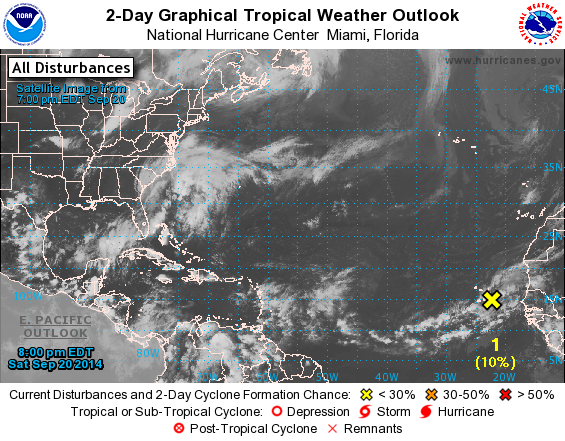
For the North Atlantic...Caribbean Sea and the Gulf of Mexico:

1. An elongated area of low pressure continues to produce disorganized cloudiness and showers near and to the southeast of the Cape Verde Islands. Environmental conditions do not appear conducive for development, and tropical cyclone formation is not likely. However, the low is forecast to move slowly northwestward and could bring heavy rainfall to portions of the Cape Verde Islands during the next couple of days.
* Formation chance through 48 hours...low...10 percent.
* Formation chance through 5 days...low...10 percent.

Forecaster Berg